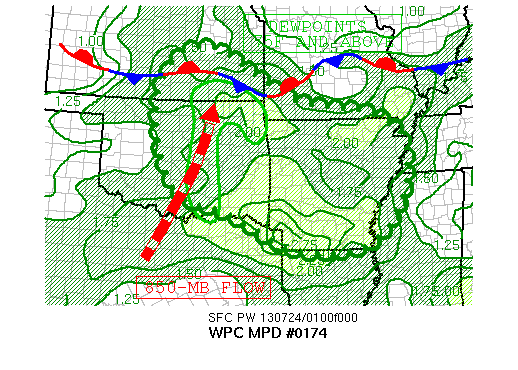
AREAS AFFECTED...SOUTHEASTERN KS/EASTERN OK/AR...

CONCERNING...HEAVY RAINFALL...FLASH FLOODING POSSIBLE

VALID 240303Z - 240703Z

SUMMARY...UPSTREAM CONVECTION CONTINUES TO DEVELOP ACROSS THE
OZARKS WITH MUCH OF THE REGION ALREADY HAVING SEEN 2 TO 3 INCHES
OF WIDESPREAD RAINFALL THE PAST 6 HOURS.

DISCUSSION...ALTHOUGH MUCH OF THE REGION HAS SEEN HEAVY RAINFALL
DURING THIS EVENING...INSTABILITY STILL EXISTS WITH 02Z RAP
SUGGESTING ANYWHERE FROM 2000-5000 J/KG OF MLCAPE AVAILABLE WITH
MINIMAL INHIBITION. IN PARTICULAR...SECTIONS OF CENTRAL OK HAVE
AVOIDED THE PREVIOUS ROUNDS OF THUNDERSTORMS AND THUS MAINTAIN
SOME OF THE MOST UNSTABLE AIR. RIPPLES WITHIN THE 500-MB
NORTHWESTERLY FLOW CONTINUE TO FUEL MULTIPLE ROUNDS OF CONVECTION
WITH ONE SUCH COMPLEX SLOWLY ADVANCING THROUGH
CENTRAL/SOUTHEASTERN KS. RADAR TRENDS SHOW LITTLE REASON TO
BELIEVE THIS ACTIVITY WILL WEAKEN DURING THE NEXT FEW HOURS
COUPLED WITH THE INSTABILITY HOLDING IN PLACE.
ADDITIONALLY...ABOVE 75 DEGREE DEW POINTS WITHIN AN AIR MASS
CHARCTERIZED BY 1.75 TO 2 INCH PWATS CONTINUES TO ADVANCE TOWARD
THE AFFECTED REGION. ALTHOUGH FFG VALUES ARE NOT PARTICUARLY
LOW...EXPECT THE NUMBERS TO DROP IN TIME GIVEN THE PERSISTENT
HEAVY RAINFALL.